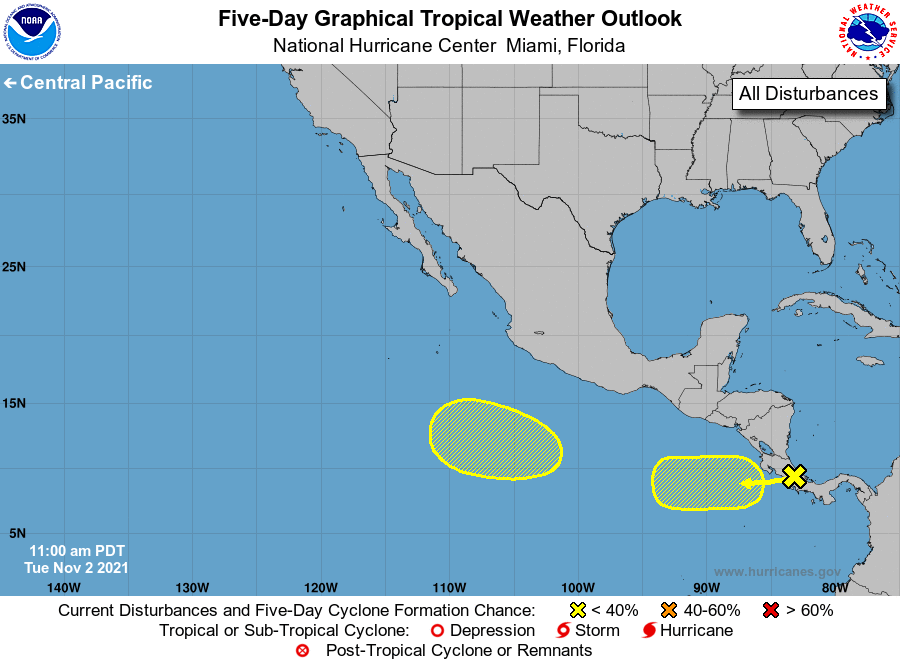
For the eastern North Pacific...east of 140 degrees west longitude:

1. An area of low pressure located inland over Costa Rica is forecast to move across Central America through tonight, producing locally heavy rainfall across portions of southern Nicaragua, Costa Rica, and Panama, which could result in flooding and mudslides. The system is forecast to emerge over the far eastern Pacific waters on Wednesday, and some slow development of the system is possible thereafter while it moves westward at around 10 mph.
* Formation chance through 48 hours...low...10 percent.
* Formation chance through 5 days...low...30 percent.

2. An area of low pressure is expected to form later this week several hundred miles south of the southwestern coast of Mexico. Some slow development of this system is possible thereafter while it moves westward to west-northwestward at 5 to 10 mph.
* Formation chance through 48 hours...low...near 0 percent.
* Formation chance through 5 days...low...20 percent.

Forecaster Latto